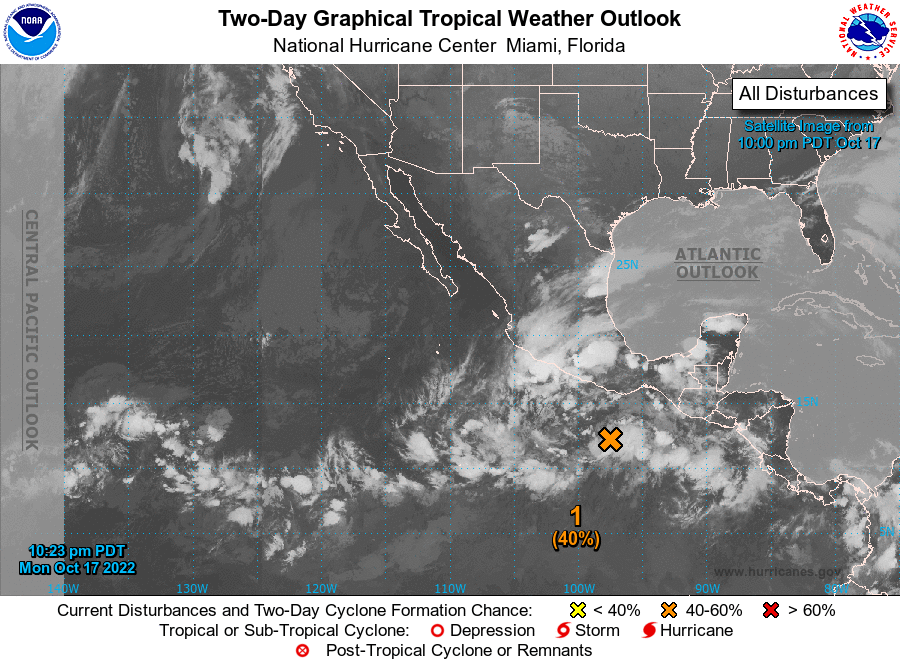
For the eastern North Pacific...east of 140 degrees west longitude:

1. Offshore of Southern Mexico: A trough of low pressure located a few hundred miles south of the southern coast of Mexico continues to produce a broad area of showers and thunderstorms. Environmental conditions appear conducive for additional development, and a tropical depression is likely to form in the next two to three days while the system moves generally west-northwestward, parallel to the southwestern coast of Mexico.
* Formation chance through 48 hours...medium...40 percent.
* Formation chance through 5 days...high...90 percent.

Forecaster Papin